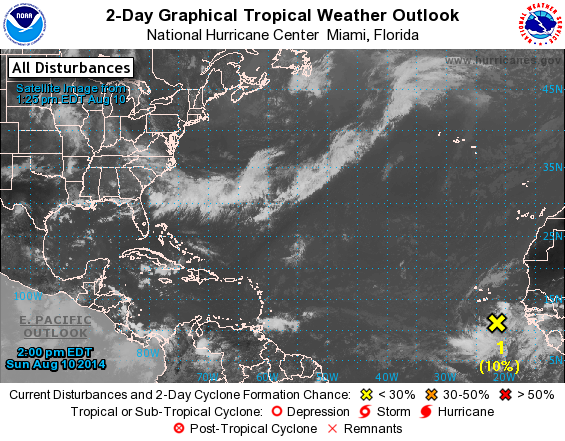
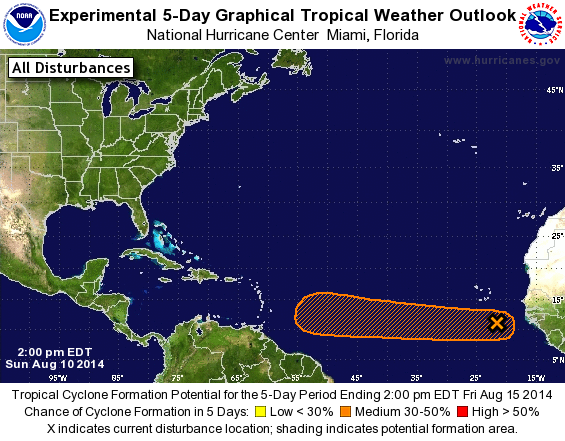
For the North Atlantic...Caribbean Sea and the Gulf of Mexico:

1. A tropical wave accompanied by a broad low pressure system is located a few hundred miles southeast of the Cape Verde Islands. This disturbance continues to produce a large area of cloudiness and showers, and some slow development of this system is possible over the next several days while it moves westward at 10 to 15 mph.
* Formation chance through 48 hours...low...10 percent.
* Formation chance through 5 days...medium...40 percent.

Forecaster Stewart